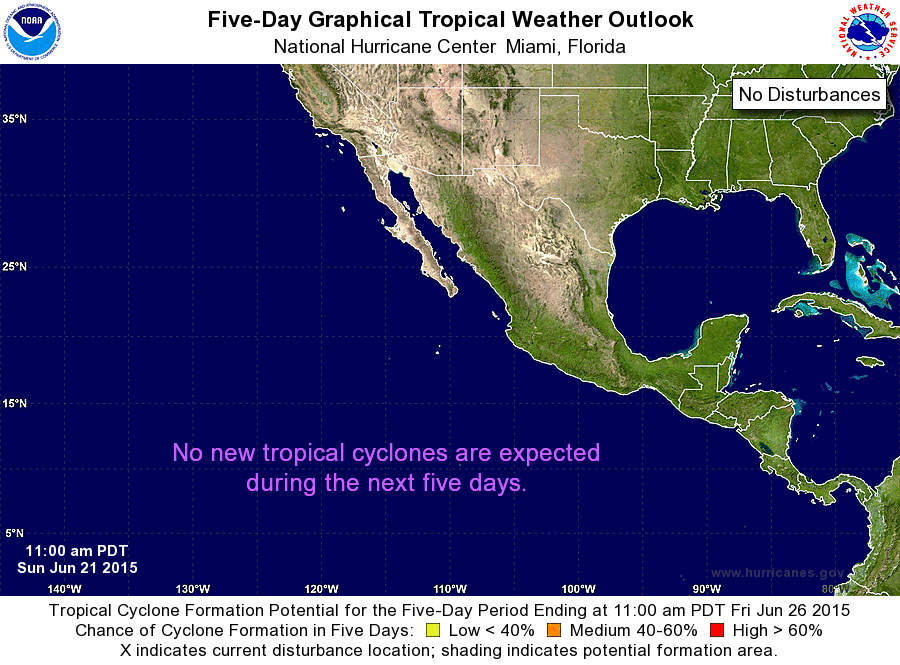
For the eastern North Pacific...east of 140 degrees west longitude:

Tropical cyclone formation is not expected during the next 5 days.

Forecaster Stewart